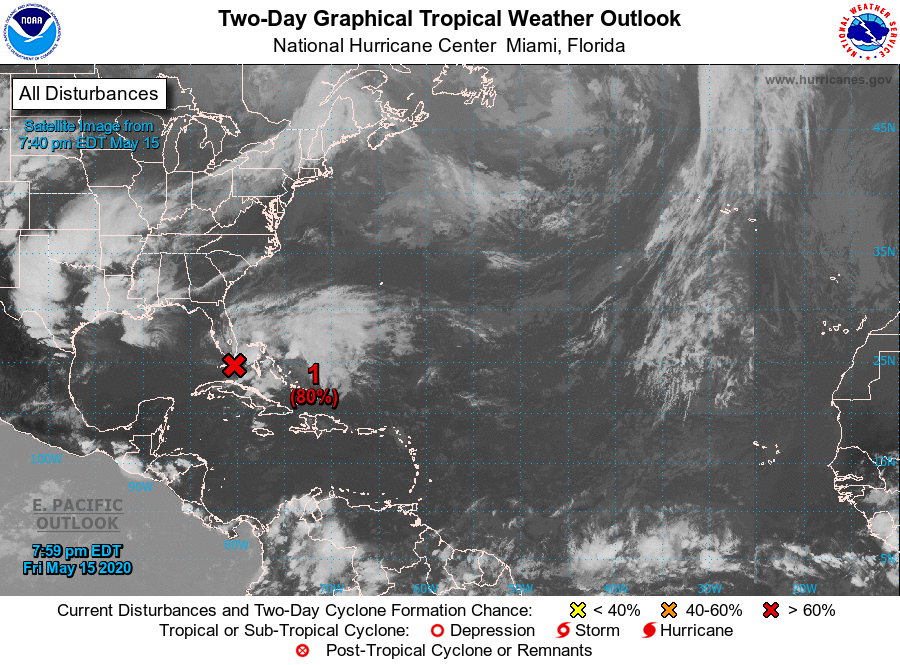
For the North Atlantic...Caribbean Sea and the Gulf of Mexico:

Special Tropical Weather Outlook issued to discuss the potential for tropical or subtropical development off the east coast of Florida.

1. A broad and elongated area of low pressure located over the Straits of Florida continues to produce disorganized shower activity and gusty winds from portions of southern Florida and the northwestern Bahamas northeastward over the adjacent Atlantic waters. Gradual development is still expected, and the system is likely to become a tropical or subtropical depression or storm on Saturday while it passes the northwestern Bahamas and moves north-northeastward over the Atlantic waters east of Florida. Later in the weekend and early next week, the system is expected to move generally northeastward over the western Atlantic east of the Carolinas.

Regardless of development, the disturbance will continue to bring heavy rainfall and gusty winds across portions of southeastern Florida and the northwestern Bahamas through Saturday. In addition, hazardous marine conditions will continue off the Florida east coast and in the Bahamas, where Gale Warnings are currently in effect. Dangerous surf conditions and rip currents are also possible along portions of the southeast U.S. coast this weekend and early next week. See products from your local weather office and High Seas Forecasts for more details. An Air Force Reserve Hurricane Hunter aircraft is scheduled to investigate the disturbance tomorrow morning, if necessary. The next Special Tropical Weather Outlook on this system will be issued by 3 AM EDT Saturday morning, or earlier if needed.
* Formation chance through 48 hours...high...80 percent.
* Formation chance through 5 days...high...80 percent.

High Seas Forecasts issued by the National Weather Service can be found under AWIPS header NFDHSFAT1, WMO header FZNT01 KWBC, and available on the Web at ocean.weather.gov/shtml/NFDHSFAT1.shtml.

Forecaster Berg